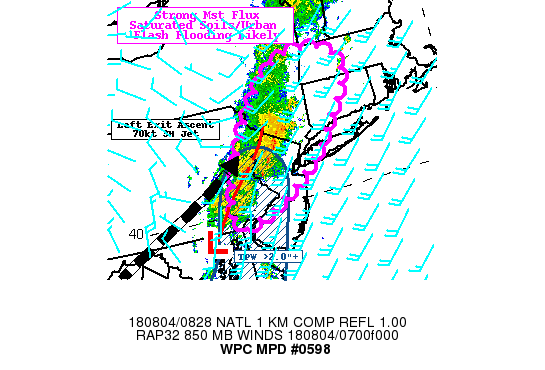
Areas affected...Eastern PA...Northern NJ...Southeast NY...Western
CT...Western MA

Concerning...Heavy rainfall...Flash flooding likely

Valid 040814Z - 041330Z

SUMMARY...Slow eastward moving inverted trof/moisture flux band
likely to pose continued flooding threat given saturated soils,
urban environment.

DISCUSSION...08z Surface analysis shows a weak surface wave across
northeast MD into southeast PA. GOES-16 WV suite and 10.3um IR
channel denote a stacked low coincident with a sharp inverted trof
extending northward toward southeast NY.  Goes-16 AMVs and RAP
analysis suggest this shortwave and inverted trough are at the
right exit of a narrow 70kt 3H jet streak, while Blended TPW and
RAP analysis show total the nose of 2"+ PWATs feeding along the
surface wave into the inverted trof.  Weak (500-750 J/kg) uncapped
MLCAPEs are available for some weak vertical development with tops
only reaching -50C.  Given the strong dynamic/thermodynamic
support, these continue to be capable of about 1.25-1.5"/hr rates
and observations bear out about 1-1.25" totals in the last hour
across SE PA to N NJ.  Slow reduction in instability will reduce
convective vigor and depth for high rates, but 1"/hr are likely
through the next 4-6hrs, however, it is the eastward advancement
that is likely to reduce overall totals and limit overall flash
flooding threat.  Still with that stated, low FFG especially
across N NJ into the NYC metro will likely be exceeded and as such
scattered flooding (flashy at times) remains through the early
morning reducing with time at instability minimum.